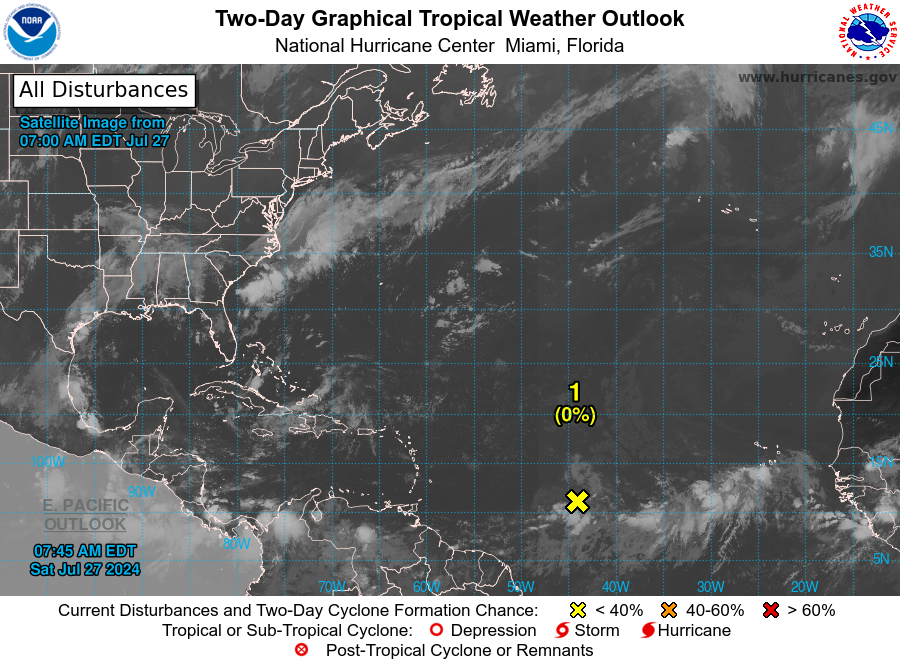
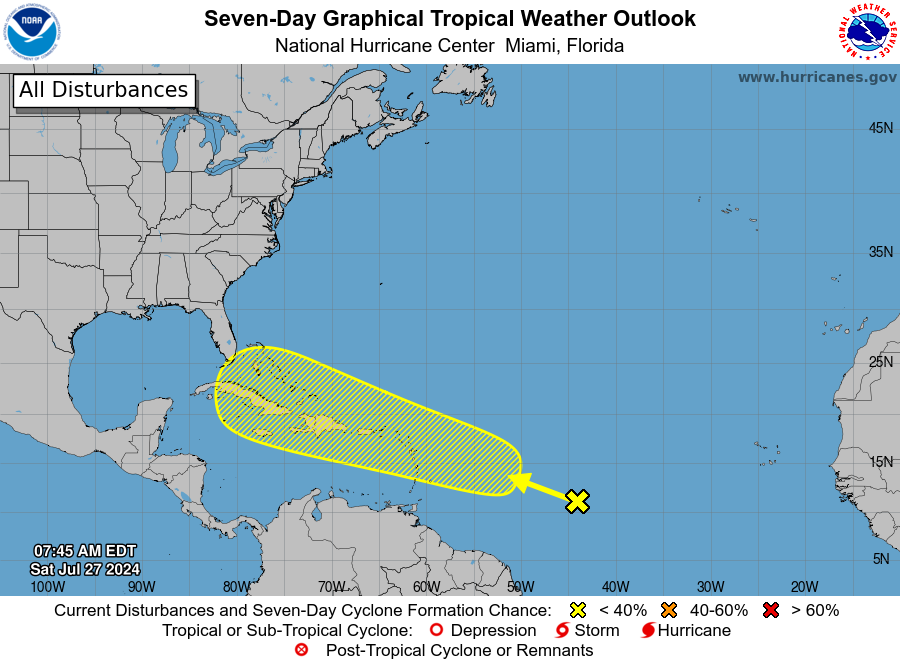
For the North Atlantic...Caribbean Sea and the Gulf of Mexico:

1. Near the Lesser and Greater Antilles: An area of disturbed weather over the central tropical Atlantic Ocean is expected to interact with an approaching tropical wave during the next several days. Development of this system is possible while it approaches the Lesser Antilles during the early to middle part of next week and moves generally west-northwestward near or over the Greater Antilles towards the latter part of next week.
* Formation chance through 48 hours...low...near 0 percent.
* Formation chance through 7 days...low...30 percent.

Forecaster Berg